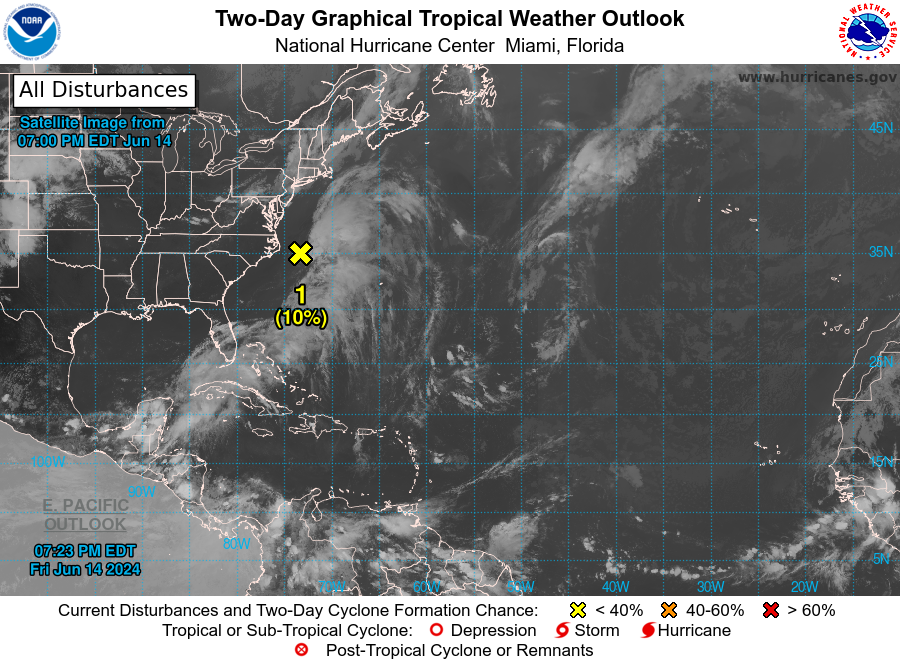
For the North Atlantic...Caribbean Sea and the Gulf of Mexico:

1. Western Atlantic (AL90): An area of low pressure offshore of the southeastern U.S. coast is producing some disorganized shower and thunderstorm activity. The system is unlikely to acquire tropical characteristics due to strong upper-level winds while it moves northeastward over the western Atlantic and merges with a front on Saturday. For more information on this system, including Gale Warnings, see High Seas Forecasts issued by the National Weather Service.
* Formation chance through 48 hours...low...10 percent.
* Formation chance through 7 days...low...10 percent.

2. Southwestern Gulf of Mexico: A broad area of low pressure is forecast to form over the southwestern Gulf of Mexico late this weekend or early next week. Environmental conditions appear conducive for gradual development of this system, and a tropical depression could form during the early or middle part of next week while it moves slowly westward or west-northwestward.
* Formation chance through 48 hours...low...near 0 percent.
* Formation chance through 7 days...medium...50 percent.

High Seas Forecasts issued by the National Weather Service can be found under AWIPS header NFDHSFAT1, WMO header FZNT01 KWBC, and online at ocean.weather.gov/shtml/NFDHSFAT1.php

Forecaster Reinhart